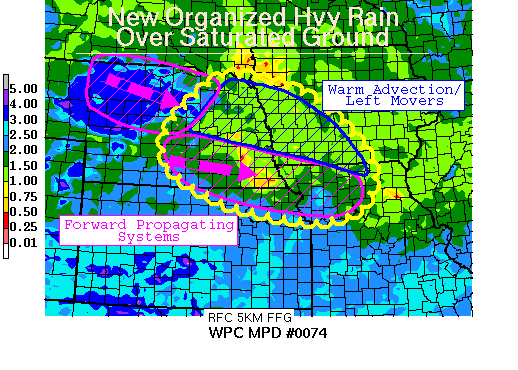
AREAS AFFECTED...EASTERN NE...FAR NORTHEAST KS...NORTHWEST
MO...WESTERN IA

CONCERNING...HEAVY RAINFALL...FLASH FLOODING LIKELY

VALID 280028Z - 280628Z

SUMMARY...ALTHOUGH STORMS WILL NOT STALL...HEAVY RAIN RATES WILL
PERSIST LONG ENOUGH TO MEET FLASH FLOOD GUIDANCE IN AREAS THAT
RECEIVED 2-3" OF RAIN EARLY MONDAY.

DISCUSSION...MODEL AND SATELLITE DERIVED DATA ARE CONVINCING IN
SHOWING A RECOVERED AIR MASS IN THE WAKE OF THE EARLY MONDAY MCS
IN THIS REGION. MESOSCALE CONVECTIVE SYSTEMS WERE GENERATING IN SC
AND NW NE THIS EVENING...AND WILL BE SUPPORTED BY A MID LEVEL
TROUGH AND ASSOCIATED ENHANCEMENT TO THE LOW LEVEL SOUTHWESTERLY
INFLOW WELL INTO THE NIGHT. THOUGH DRYLINE STORMS HAD INITIATED
FARTHER SOUTH...THERE WAS A BROAD RESERVOIR OF UNTAPPED AND
UNSTABLE AIR OVER CENTRAL/EASTERN OK/KS TO FEED INTO THE NEAR-SFC
AND ELEVATED FRONTAL ZONE LOCATED NORTH OF THE 700 MB THERMAL
RIDGE...GENERALLY NORTH OF INTERSTATE 70.

STRONGLY VEERING LOW LEVEL WIND PROFILES SUPPORT ONGOING SEVERE
WEATHER THREAT PER SPC FORECASTS...BUT NUMBER OF CELL MERGERS IS
EXPECTED TO GRADUALLY LEAD TO A FORWARD MOVING MCS ALONG KS/NE
BORDER. WITH CORFIDI VECTORS AND RIGHT MOVING BUNKERS MOTIONS EAST
AT 15-20 KT...HEAVY RAIN MAY NOT PERSIST TOO LONG AT A GIVEN
LOCATION...BUT THE MDT/HI INSTABILITY AND PW APPROACHING 1.5
INCHES WILL FAVOR QUICK 1-2 INCH ACCUMULATIONS AND POSSIBLE
REDEVELOPMENT BEHIND THE INITIAL LINE.

FARTHER NORTH...EXPECT SOME LEFT MOVING SUPERCELLS AND GENERAL
ELEVATED THUNDERSTORMS WITHIN WARM ADVECTION TO BRIEF HEAVY RAIN
RATES...POSSIBLY ORGANIZING ON A BROADER SCALE AS ACTIVITY IN
WESTERN NE ARRIVES AFTER 03Z AS SEEN IN A FEW HIRES MODELS.